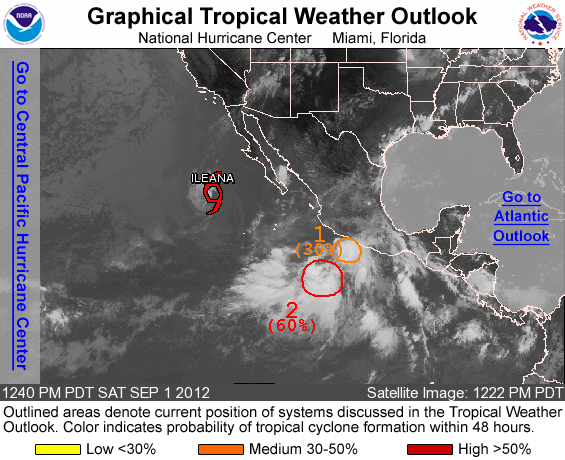
FOR THE EASTERN NORTH PACIFIC...EAST OF 140 DEGREES WEST LONGITUDE..

THE NATIONAL HURRICANE CENTER IS ISSUING ADVISORIES ON TROPICAL STORM ILEANA...LOCATED ABOUT 555 MILES WEST OF THE SOUTHERN TIP OF BAJA CALIFORNIA.

SPECIAL OUTLOOK ISSUED TO ADD DISCUSSION OF SMALL AREA OF LOW PRESSURE JUST OFFSHORE OF THE SOUTHERN COAST OF MEXICO.

1. UPDATED...SATELLITE IMAGERY INDICATES THAT A SMALL AREA OF LOW PRESSURE HAS DEVELOPED ABOUT 100 MILES SOUTHWEST OF ZIHUATANEJO MEXICO. WHILE IT CURRENTLY APPEARS THAT THIS SYSTEM LACKS A CLOSED SURFACE CIRCULATION...IT IS PRODUCING WINDS NEAR TROPICAL STORM FORCE JUST OFFSHORE OF THE SOUTHERN COAST OF MEXICO. THIS SYSTEM HAS A MEDIUM CHANCE...30 PERCENT...OF BECOMING A TROPICAL CYCLONE DURING THE NEXT 48 HOURS AS IT MOVES QUICKLY WEST-NORTHWESTWARD AT AROUND 20 MPH.

2. SHOWERS AND THUNDERSTORMS ARE SHOWING SIGNS OF ORGANIZATION IN ASSOCIATION WITH AN AREA OF LOW PRESSURE LOCATED ABOUT 400 MILES SOUTHWEST OF ACAPULCO MEXICO. ENVIRONMENTAL CONDITIONS APPEAR CONDUCIVE FOR DEVELOPMENT AND THIS SYSTEM COULD BECOME A TROPICAL DEPRESSION DURING THE NEXT DAY OR TWO AS IT MOVES WEST- NORTHWESTWARD AT AROUND 15 MPH. THIS SYSTEM HAS A HIGH CHANCE...60 PERCENT...OF BECOMING A TROPICAL CYCLONE DURING THE NEXT 48 HOURS.

ELSEWHERE...TROPICAL CYCLONE FORMATION IS NOT EXPECTED DURING THE NEXT 48 HOURS.

FORECASTER BRENNAN/BLAKE